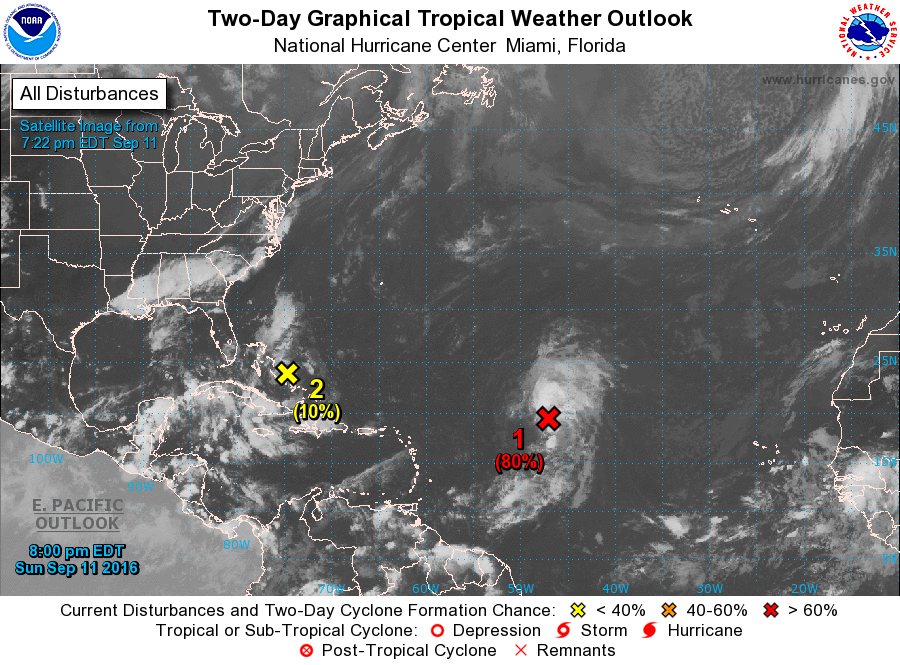
For the North Atlantic...Caribbean Sea and the Gulf of Mexico:

1. A low pressure system located about 1000 miles east-northeast of the Leeward Islands is producing a large area of cloudiness and showers. Shower activity associated with this system has increased and become a little better organized during the past several hours, and a tropical depression is likely to form later tonight or on Monday before upper-level winds become less conducive for development. The low is expected to move northwestward or north-northwestward at 10 to 15 mph over the central Atlantic Ocean during the next few days.
* Formation chance through 48 hours...high...80 percent
* Formation chance through 5 days...high...80 percent

2. Disorganized shower activity continues in association with a disturbance near the central and southeastern Bahamas. Surface pressures remain high in the area, and there are still no signs of a closed surface circulation. Conditions do not appear conducive for significant development of this disturbance while it moves west-northwestward at 10 to 15 mph. However, locally heavy rainfall is possible over portions of the Bahamas tonight and on Monday, and these rains are likely to spread over portions of the Florida peninsula by Tuesday.
* Formation chance through 48 hours...low...10 percent
* Formation chance through 5 days...low...10 percent

Forecaster Stewart